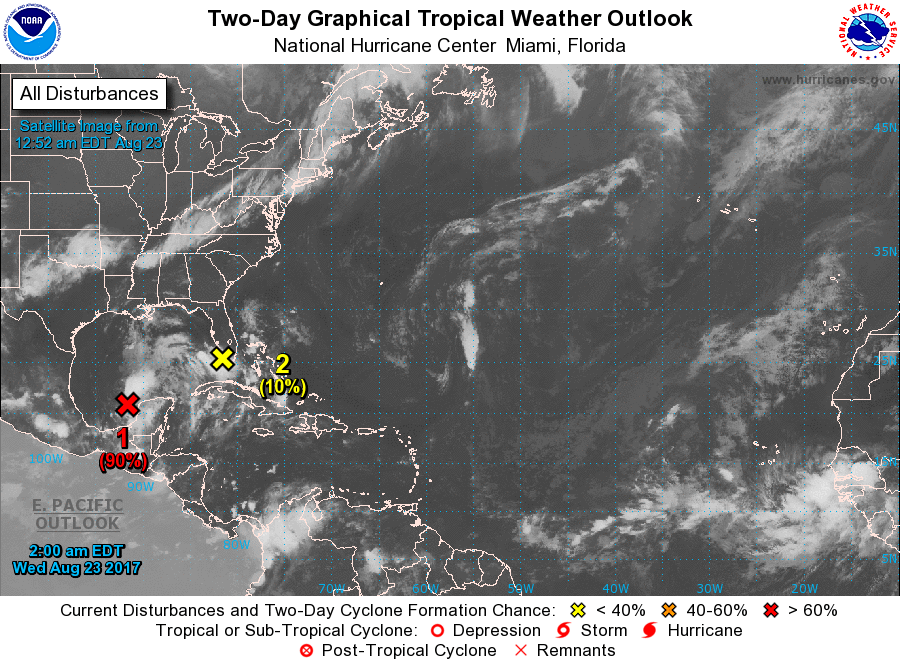
For the North Atlantic...Caribbean Sea and the Gulf of Mexico:

1. A broad area of low pressure associated with the remnants of Harvey is located over the eastern Bay of Campeche. Although thunderstorm activity has increased over the northern portion of the system tonight, recent satellite wind data indicate that low pressure area lacks a well-defined circulation at this time. Environmental conditions are conducive for development, and a tropical depression or tropical storm is very likely to form today or tonight while the low moves northwestward at about 10 mph across the western Gulf of Mexico, possibly reaching the northwestern Gulf coast late Friday.

Regardless of development, this system is likely to slow down once it reaches the coast, increasing the threat of a prolonged period of heavy rainfall and flooding across portions of Texas, southwestern Louisiana, and northeastern Mexico into early next week. This system could also produce storm surge and tropical storm or hurricane force winds along portions of the Texas coast later this week, and Tropical Storm or Hurricane Watches could be required later today for portions of the coast of northeastern Mexico, Texas, and southwestern Louisiana. Interests in these areas should monitor the progress of this system, and refer to products issued by your local National Weather Service office for more information. An Air Force Reserve reconnaissance aircraft is schedule to investigate the low this morning.
* Formation chance through 48 hours...high...90 percent.
* Formation chance through 5 days...high...near 100 percent.

2. An area of disorganized showers and thunderstorms stretching across the Bahamas, southern Florida, and the adjacent waters is associated with a trough of low pressure. Any development of this system during the next few days should be slow to occur while it drifts northward over Florida and the adjacent waters. Environmental conditions could become a little more conducive for tropical or subtropical development over the weekend when the system begins to move northeastward over the western Atlantic. Regardless of development, very heavy rain and flooding is possible over portions of the Florida peninsula during the next few days. Please refer to products from your local National Weather Service office for more information on this system.
* Formation chance through 48 hours...low...10 percent.
* Formation chance through 5 days...low...30 percent.

Forecaster Brown